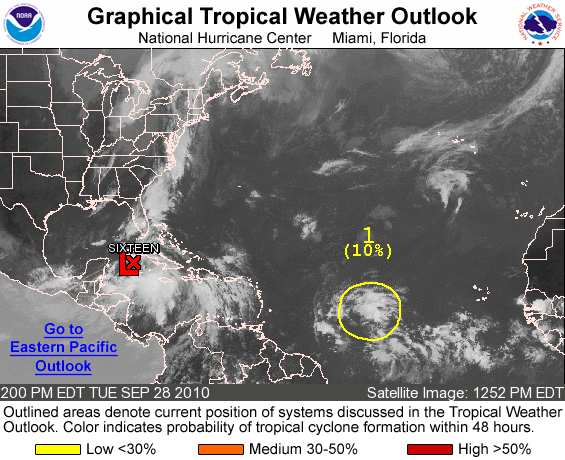
FOR THE NORTH ATLANTIC...CARIBBEAN SEA AND THE GULF OF MEXICO...

THE NATIONAL HURRICANE CENTER IS ISSUING ADVISORIES ON TROPICAL DEPRESSION SIXTEEN...LOCATED ABOUT 160 MILES SOUTH OF HAVANA CUBA.

1. A TROPICAL WAVE OVER THE CENTRAL ATLANTIC LOCATED ABOUT 1300 MILES EAST OF THE WINDWARD ISLANDS IS PRODUCING DISORGANIZED SHOWERS AND THUNDERSTORMS. DEVELOPMENT...IF ANY...OF THIS SYSTEM IS EXPECTED TO BE SLOW TO OCCUR AS IT MOVES WESTWARD TO WEST-NORTHWESTWARD AT 15 TO 20 MPH. THERE IS A LOW CHANCE...10 PERCENT...OF THIS SYSTEM BECOMING A TROPICAL CYCLONE DURING THE NEXT 48 HOURS.

ELSEWHERE...TROPICAL CYCLONE FORMATION IS NOT EXPECTED DURING THE NEXT 48 HOURS.

PUBLIC ADVISORIES ON TROPICAL DEPRESSION SIXTEEN ARE ISSUED UNDER WMO HEADER WTNT31 KNHC AND UNDER AWIPS HEADER MIATCPAT1. FORECAST/ADVISORIES ON TROPICAL DEPRESSION SIXTEEN ARE ISSUED UNDER WMO HEADER WTNT21 KNHC AND UNDER AWIPS HEADER MIATCMAT1.

FORECASTER BLAKE